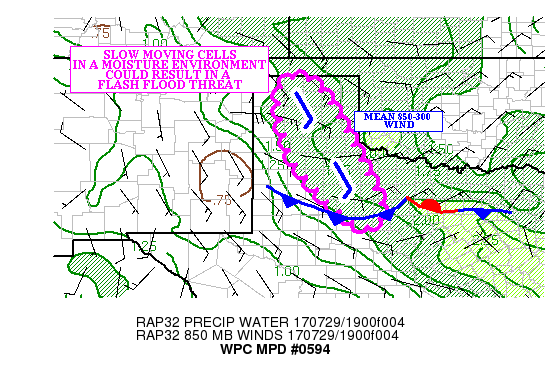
AREAS AFFECTED... TX PANHANDLE INTO NORTHWEST TX

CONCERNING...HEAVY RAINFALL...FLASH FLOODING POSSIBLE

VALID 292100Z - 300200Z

SUMMARY...SLOW MOVING CELLS FORMING IN   AXES OF STRONG
INSTABILITY AND DEEP MOISTURE COULD RESULT IN A FLASH FLOOD THREAT
INTO THE EARLY EVENING HOURS.

DISCUSSION...CONVECTION IS FORMING IN AN AXIS OF 1500-2000 J/KG OF
MLCAPE FROM NEAR KDHT TO NORTH OF KDYS...AS THE LOW LEVEL CIN ON
THE AXIS IS IN THE PROCESS OF BECOMING ERODED. RAP MODEL SOUNDINGS
SHOWED THAT MUCH OF THE INSTABILITY IS STILL ELEVATED... NORTH OF
THE COLD FRONT MOVING INTO CENTRAL TX. THE STORMS ARE MOVING
SLOWLY TO THE NORTHWEST...ALONG WITH THE 10 KNOT 850-300 MB MEAN
WIND...NEAR THE AXIS OF THE MID LEVEL RIDGING.

THE CONVECTION IS FORMING ON A STRONG PRECIPITABLE WATER AXIS OVER
THIS AREA... WHERE VALUES RANGED BETWEEN 1.25 AND 1.50 INCHES. RAP
MODEL SOUNDINGS SHOWED DRY IN PLACE WITH THE DEVELOPING
STORMS...WHICH WOULD SUGGEST OUTFLOW DOMINATED CONVECTION
INITIALLY (AND SUPPORTED BY THE KLBB HCA PRODUCT).

HOWEVER...AS THE COLUMN MOISTENS...WARM RAIN PROCESSES COULD
BECOME MORE IMPORTANT.
HIGH RAINFALL RATES (NEAR 2.00 INCHES OVER DICKENS COUNTY BASED ON
THE KLBB RADAR) DUE TO THE SLOW MOTION OF THE CELLS COULD POSE A
LOCAL FLASH FLOOD THREAT INTO THE EARLY EVENING HOURS.

THE MOST RECENT HRRR SHOWED LOCAL 2.00 TO 3.00 INCH RAINFALL
AMOUNTS FROM KDUX SOUTH THROUGH KSWW...MAINLY BEFORE 01Z. GIVEN
THE SLOW MOTION OF THE CELLS...THESE RAINFALL AMOUNTS ARE
PLAUSIBLE. IN FACT...CELL MERGERS AND SHORT TERM TRAINING COULD
PRODUCE LOCAL 3.00+ INCH AMOUNTS NEAR THE AXIS OF INSTABILITY.

THE MITIGATING FACTOR FOR FLASH FLOODING COULD BE THE RELATIVELY
HIGH FLASH FLOOD GUIDANCE (GENERALLY GREATER THAN 2.00 INCHES).
BECAUSE OF THIS...FLASH FLOODING IS ONLY CONSIDERED POSSIBLE INTO
THE EARLY EVENING.